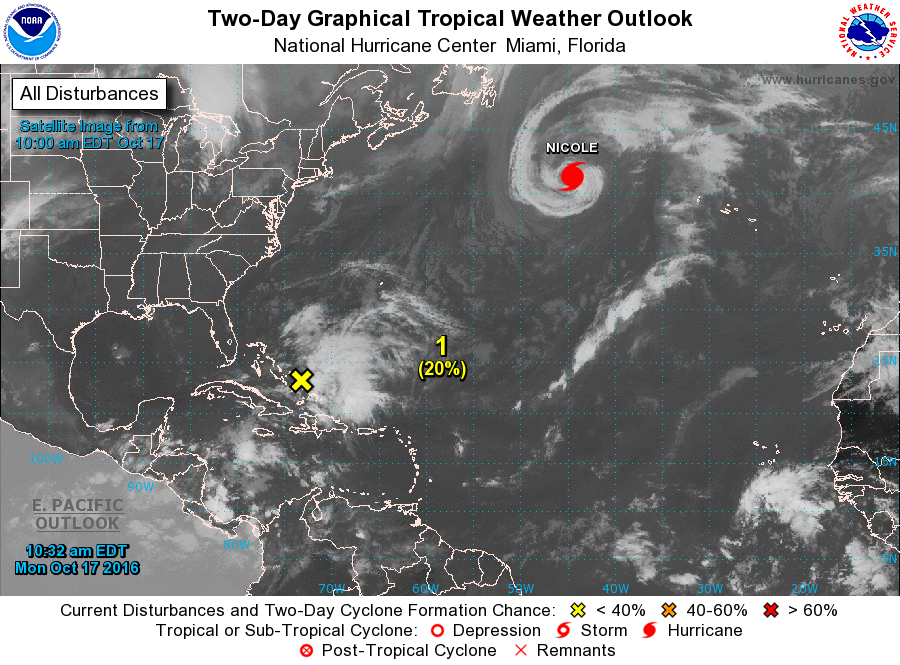
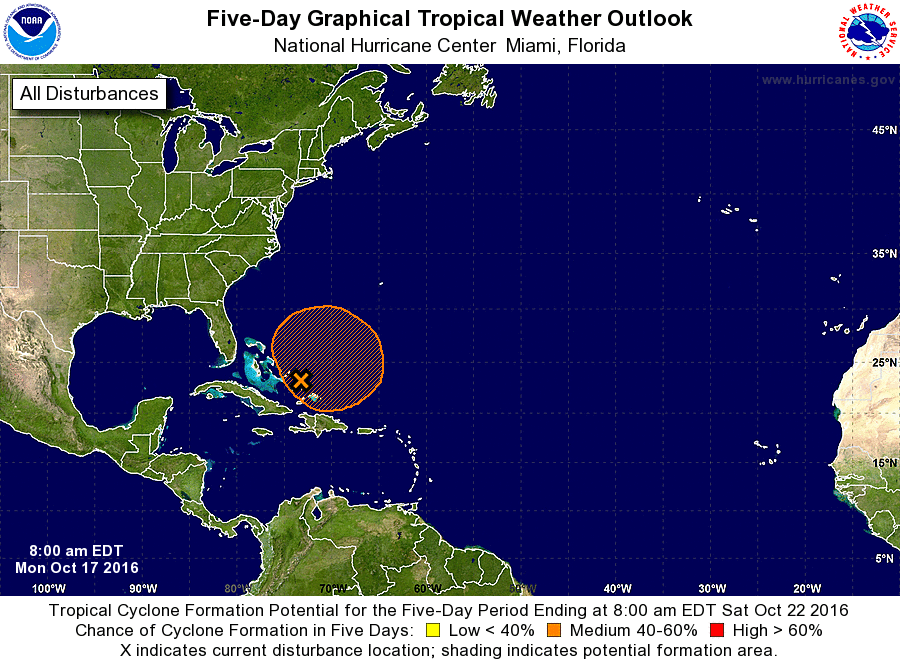
For the North Atlantic...Caribbean Sea and the Gulf of Mexico:

The National Hurricane Center is issuing advisories on Hurricane Nicole, located several hundred miles southeast of Cape Race, Newfoundland.

1. A large area of cloudiness and disorganized showers located over the central and southeastern Bahamas and adjacent western Atlantic waters is associated with a surface trough that is interacting with an upper-level low. Upper-level winds are currently unfavorable for significant development, but they could become more conducive for tropical or subtropical cyclone formation by late Tuesday or Wednesday when the system begins to drift northward or north-northwestward. Regardless of development, locally heavy rainfall is possible over portions of the Bahamas during the next day or so.
* Formation chance through 48 hours...low...20 percent
* Formation chance through 5 days...medium...50 percent

Forecaster Stewart